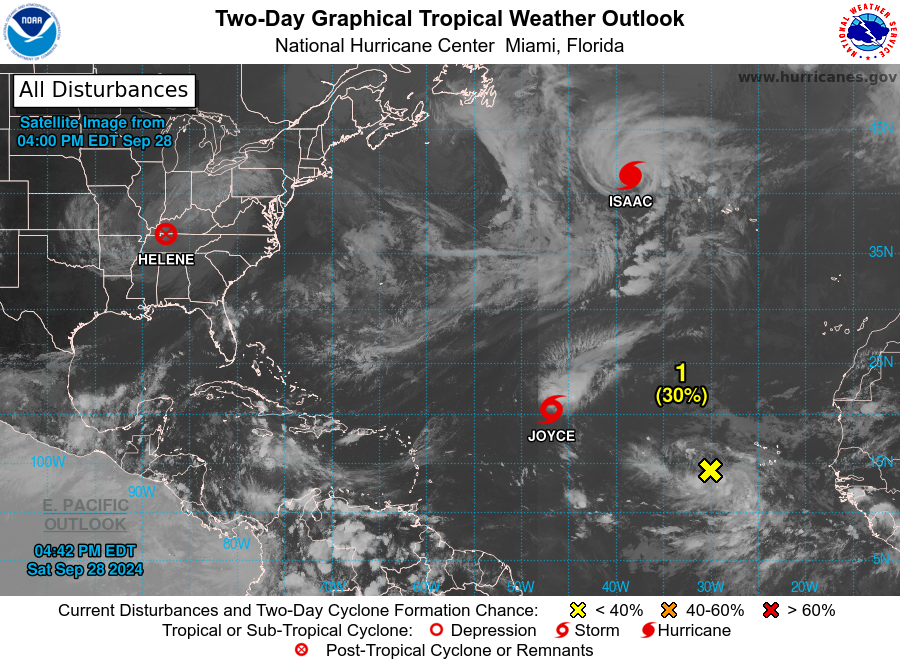
For the North Atlantic...Caribbean Sea and the Gulf of Mexico:

Active Systems: The National Hurricane Center is issuing advisories on Hurricane Isaac, located several hundred miles west-northwest of the Azores, and on Tropical Storm Joyce, located over the central Atlantic Ocean. The Weather Prediction Center has issued the last advisory on Post-Tropical Cyclone Helene, located inland over the Ohio River Valley.

1. Eastern and Central Tropical Atlantic: An elongated area of low pressure located a couple of hundred miles west of the Cabo Verde Islands continues to produce disorganized showers and thunderstorms. Environmental conditions appear conducive for gradual development of this system, and a tropical depression will likely form during the early or middle part of next week while the system moves toward the west and then northwest across the eastern and central tropical Atlantic.
* Formation chance through 48 hours...low...30 percent.
* Formation chance through 7 days...high...70 percent.

2. Western Caribbean Sea and Gulf of Mexico: An area of low pressure is expected to form over the western Caribbean Sea in a couple of days. Environmental conditions are forecast to be conducive for gradual development thereafter, and a tropical depression could form around the middle part of next week. This system is expected to move northwestward into the Gulf of Mexico during the latter portion of next week, and interests in the northwestern Caribbean Sea and along the U.S. Gulf Coast should monitor its progress.
* Formation chance through 48 hours...low...near 0 percent.
* Formation chance through 7 days...medium...50 percent.

Forecaster Cangialosi/Konarik